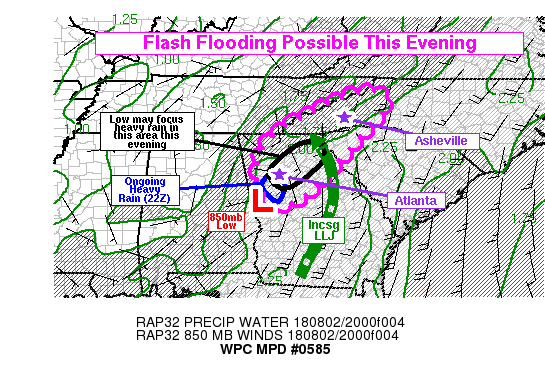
Areas affected...Nrn Georgia, Upstate South Carolina, Western
North Carolina

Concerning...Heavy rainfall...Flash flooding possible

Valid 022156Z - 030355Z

Summary...An area of heavy rain may be focused in north-central
Georgia this evening, from the Atlanta Metro Area into locations
just to the northeast. Additional moderate to heavy rain appears
likely to develop further northeast in upslope regions of the
southern Appalachians. This may lead to rain rates of 1-2 in/hr in
the heaviest rain bands, and the potential for flash flooding as a
result.

Discussion...Per regional radar VWPs, an 850mb low appeared to be
situated just north of Columbus, GA, and just northeast of where
it was this morning. Surface observations also suggested a weak
surface low with a closed circulation in the wind field just south
of Peachtree City, GA. This weak low was likely helping to focus a
band of heavy rain, moving through the immediate Peachtree City
area as of 22Z, and drifting in the general direction of Atlanta
Metro area. The rain band was likely being sustained by focused
low-level convergence in the presence of a very moist boundary
layer, and this could continue to the northeast through the
evening -- into Atlanta Metro and even further northeast toward
Gainesville, GA. KFFC radar ZDR in areas with reflectivity at
least 40 dBZ was reduced under 1 db. The combination of ZDR
approaching zero with high reflectivity is indicative of numerous
small water droplets and dominant warm rain processes. A mesonet
site near Newnan, GA reported an hourly rain rate to around 1.6
in/hr, which is higher than is being estimated by MRMS and dual
pol radar. The efficient rainfall processes are producing more
rain than would be implied by the weaker low-level reflectivity
structure as well. This rain band could lead to areas of flooding,
particularly if it drifts over the Atlanta Metro area with a large
amount of impervious surfaces.

The other trend will be an increasing low-level jet and moisture
transport into the southern extent of the Appalachian Mountains,
which should allow moderate to heavy rain to gradually redevelop
in upslope areas from far northeast Georgia, into far upstate
South Carolina, and into western North Carolina. Portions of this
area have reduced flash flood guidance to around or less than 2
inches in 3 hours, which is certainly achievable given the
expectation for 1+ in/hr rain rates in embedded convective bands.